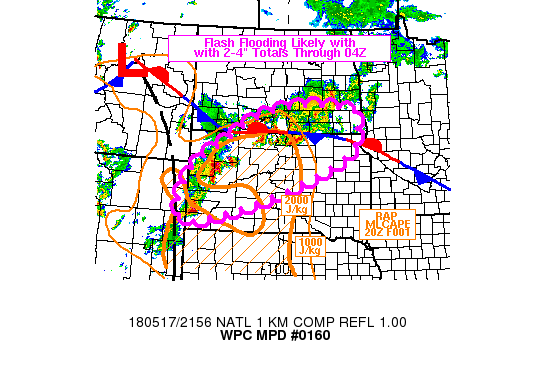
AREAS AFFECTED...SRN ND INTO SD

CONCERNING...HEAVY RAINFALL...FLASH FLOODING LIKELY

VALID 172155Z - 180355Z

SUMMARY...FLASH FLOODING APPEARS LIKELY OVER SOUTHERN NORTH DAKOTA
INTO CENTRAL/NORTHERN NORTH DAKOTA OVER THE NEXT FEW HOURS AS
ONGOING CONVECTION CONTINUES TO EVOLVE. 2-4 ADDITIONAL INCHES OF
RAIN IS EXPECTED THROUGH 04Z.

DISCUSSION...CONVECTION CONTINUES TO EVOLVE NEAR A STATIONARY
FRONT WHICH EXTENDED EAST TO WEST NEAR THE NORTH DAKOTA/SOUTH
DAKOTA BORDER AT 21Z. TRENDS IN RADAR REFLECTIVITY SHOWED CELL
COVERAGE INCREASING NEAR THE FRONT AND ALONG AN OUTFLOW BOUNDARY
LOCATED WEST-EAST THROUGH NORTHERN SOUTH DAKOTA...JUST SOUTH OF
THE FRONT...WHILE A SOUTH-NORTH LINE OF SHOWERS/THUNDERSTORMS IN
WESTERN SOUTH DAKOTA WAS BEGINNING TO SHOW SIGNS OF EASTWARD
MOVEMENT. A LARGE POOL OF WEAK TO MODERATE INSTABILITY HAS
DEVELOPED SOUTH OF THE STATIONARY FRONT IN THE PLAINS WITH A
MIXTURE OF STORM MODES AND STORM MOTIONS OBSERVED.

FLOW ALOFT IS ALREADY BROADLY DIFFLUENT OUT AHEAD OF A LARGE UPPER
TROUGH IN THE WESTERN U.S. BUT INCREASED FORCING FOR ASCENT WILL
DEVELOP WITH SHORT TERM MODEL FORECASTS INDICATING INCREASING
UPPER LEVEL DIVERGENCE OVER NORTHERN SOUTH DAKOTA OVER THE NEXT
FEW HOURS WITH THE DEVELOPMENT OF A 50-70 KT UPPER LEVEL JET
STREAK OVER NORTH DAKOTA. THIS COMBINED WITH AN INCREASING
SOUTHERLY LOW LEVEL JET INTO THE 30-50 KT RANGE WILL ALLOW FOR
OVERRUNNING OF RAIN COOLED AIR AS CONVECTION EXPANDS ALONG THE
WEST-EAST ORIENTED OUTFLOW BOUNDARY...AND AS CONVECTION PROPAGATES
EASTWARD FROM WESTERN SOUTH DAKOTA ALLOWING FOR CELL MERGERS.

FLASH FLOOD GUIDANCE VARIES ACROSS THE DAKOTAS...BUT IS AS LOW AS
1.5 INCHES IN THREE HOURS OVER MUCH OF WESTERN SOUTH DAKOTA. GIVEN
THE POTENTIAL FOR TRAINING AND REPEATING CONVECTION...2-4 INCHES
OF ADDITIONAL RAINFALL IS EXPECTED...WHICH IS LIKELY TO EXCEED
FLASH FLOOD GUIDANCE IN A FEW LOCATIONS.